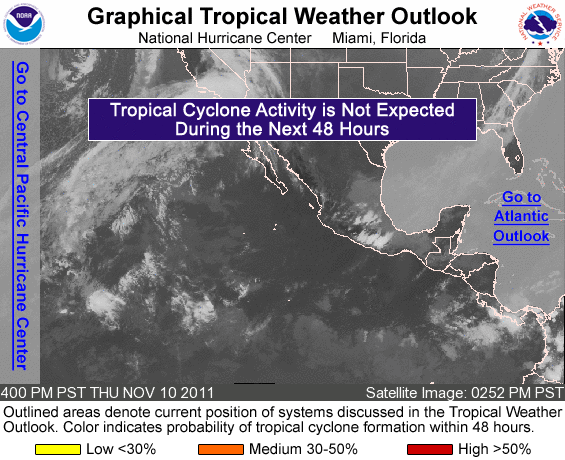
FOR THE EASTERN NORTH PACIFIC...EAST OF 140 DEGREES WEST LONGITUDE..

TROPICAL CYCLONE FORMATION IS NOT EXPECTED DURING THE NEXT 48 HOURS.

FORECASTER BRENNAN